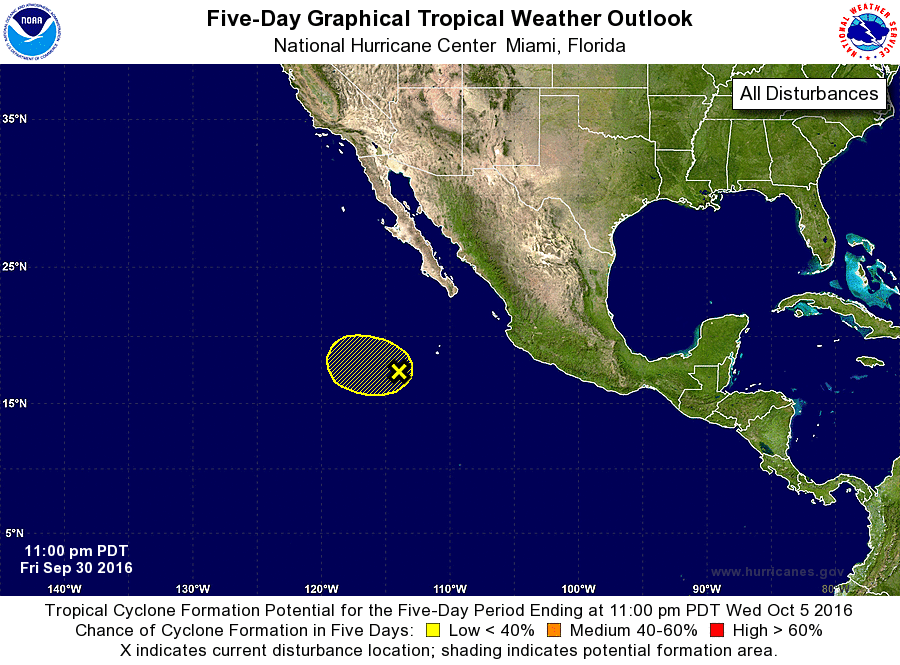
For the eastern North Pacific...east of 140 degrees west longitude:

1. Disorganized showers and thunderstorms continue in association with a trough of low pressure located several hundred miles southwest of the southern tip of the Baja California peninsula. This system is moving west-northwestward at 5 to 10 mph toward cooler waters, and development is not expected.
* Formation chance through 48 hours...low...10 percent
* Formation chance through 5 days...low...10 percent

Forecaster Berg